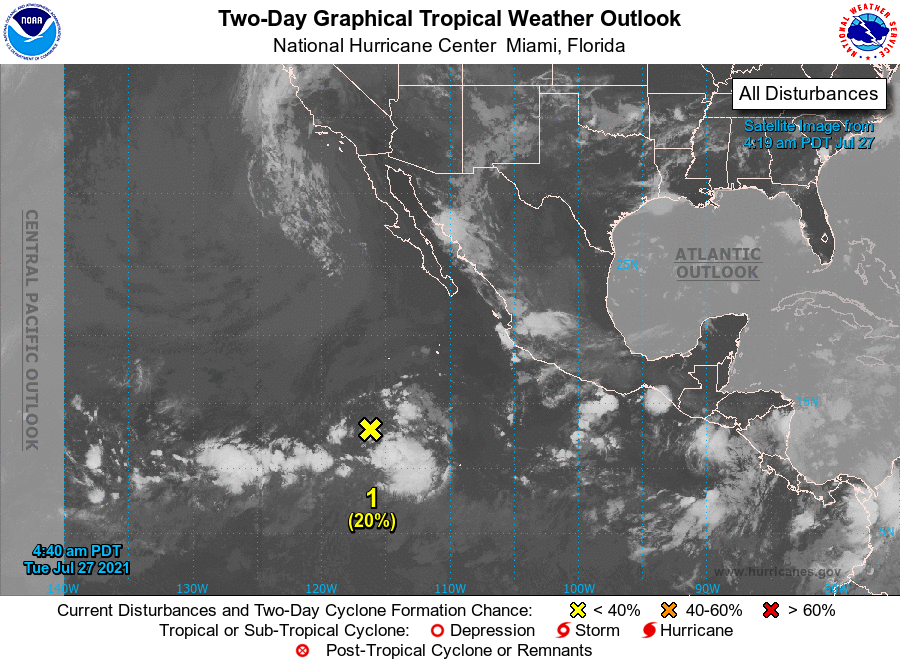
For the eastern North Pacific...east of 140 degrees west longitude:

1. Disorganized showers and thunderstorms are associated with a small area of low pressure located over 800 miles south-southwest of the southern tip of the Baja California peninsula. Environmental conditions appear marginally conducive for some gradual development of this system over the next several days as it moves westward at around 10 mph.
* Formation chance through 48 hours...low...20 percent.
* Formation chance through 5 days...low...30 percent.

2. An area of low pressure is forecast to develop later this week several hundred miles offshore of the southern coast of Mexico. Environmental conditions are expected to be favorable for some gradual development thereafter, and a tropical depression could form by this weekend while the system moves westward or west-northwestward at around 15 mph.
* Formation chance through 48 hours...low...near 0 percent.
* Formation chance through 5 days...medium...40 percent.

Forecaster Reinhart/Pasch